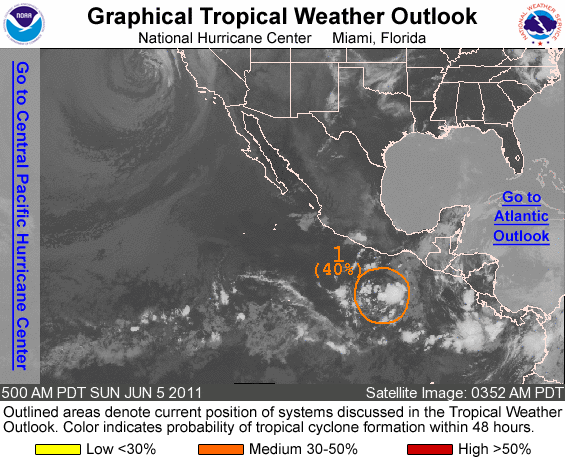
FOR THE EASTERN NORTH PACIFIC...EAST OF 140 DEGREES WEST LONGITUDE..

1. AN AREA OF LOW PRESSURE LOCATED SEVERAL HUNDRED MILES SOUTH- SOUTHEAST OF ACAPULCO MEXICO HAS BECOME BETTER DEFINED OVERNIGHT. ENVIRONMENTAL CONDITIONS APPEAR FAVORABLE FOR GRADUAL DEVELOPMENT OF THIS SYSTEM...AND IT HAS THE POTENTIAL TO BECOME A TROPICAL DEPRESSION DURING THE NEXT COUPLE OF DAYS. THERE IS A MEDIUM CHANCE...40 PERCENT...OF THIS SYSTEM BECOMING A TROPICAL CYCLONE DURING THE NEXT 48 HOURS AS IT REMAINS NEARLY STATIONARY.

ELSEWHERE...TROPICAL CYCLONE FORMATION IS NOT EXPECTED DURING THE NEXT 48 HOURS.

FORECASTER BLAKE